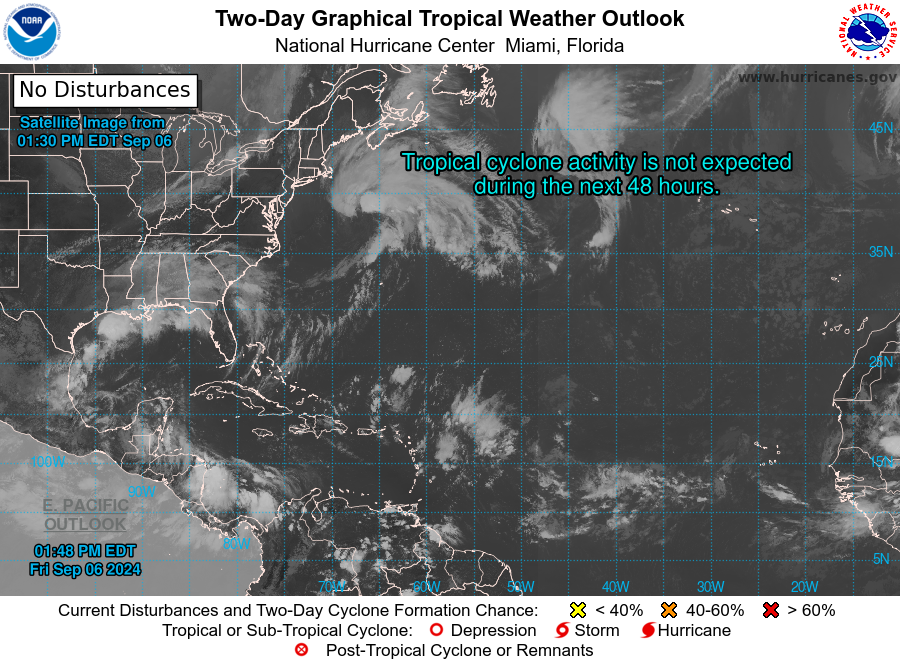
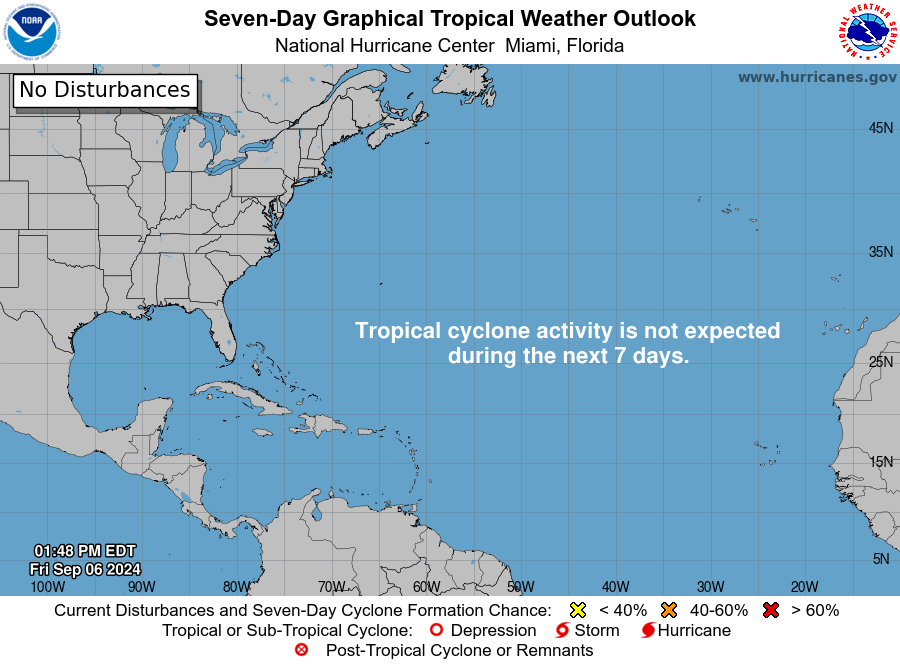
For the North Atlantic...Caribbean Sea and the Gulf of Mexico:

Northwestern Gulf of Mexico (AL90): Showers and thunderstorms associated with a low pressure system and weak frontal boundary over the northwestern Gulf of Mexico remain disorganized. The low is expected to be absorbed by the front and lose definition by tonight or on Saturday, and therefore tropical cyclone development is not expected. Regardless of development, heavy rainfall is expected to continue and possibly cause flash flooding across portions of the northern Gulf Coast during the next day or so. Additional information on this system can be found in products issued by your local National Weather Service Forecast Office and High Seas Forecasts issued by the National Weather Service.
* Formation chance through 48 hours...low...near 0 percent.
* Formation chance through 7 days...low...near 0 percent.

Northwestern Atlantic (AL99): An intensifying low pressure system located several hundred miles east of the U.S. Mid-Atlantic coast continues to take on a non-tropical structure and is now producing winds to storm force. Subtropical development of this system is not expected while it moves north-northeastward at 15 to 20 mph offshore the northeastern United States toward Atlantic Canada. Additional information on this system, including storm warnings, can be found in High Seas Forecasts issued by the National Weather Service.
* Formation chance through 48 hours...low...near 0 percent.
* Formation chance through 7 days...low...near 0 percent.

Southwestern Gulf of Mexico: A tropical wave located over Belize and the Yucatan Peninsula of Mexico is producing disorganized showers and thunderstorms. The wave is forecast to move into the Bay of Campeche on Saturday, where it could then begin to interact with a frontal boundary. A tropical depression could form during the early or middle part of next week while the system moves slowly northwestward over the southwestern Gulf of Mexico.
* Formation chance through 48 hours...low...20 percent.
* Formation chance through 7 days...medium...40 percent.

Eastern and Central Tropical Atlantic: An elongated trough of low pressure over the eastern tropical Atlantic is producing minimal shower and thunderstorm activity. Development, if any, should be slow to occur while the disturbance meanders through the early part of next week and then begins to move west-northwestward across the central tropical Atlantic during the middle to latter part of next week.
* Formation chance through 48 hours...low...near 0 percent.
* Formation chance through 7 days...low...10 percent.

&&
High Seas Forecasts are issued by the National Weather Service under AWIPS header NFDHSFAT1 and WMO header FZNT01 KWBC, and online at ocean.weather.gov/shtml/NFDHSFAT1.php

Forecaster Berg